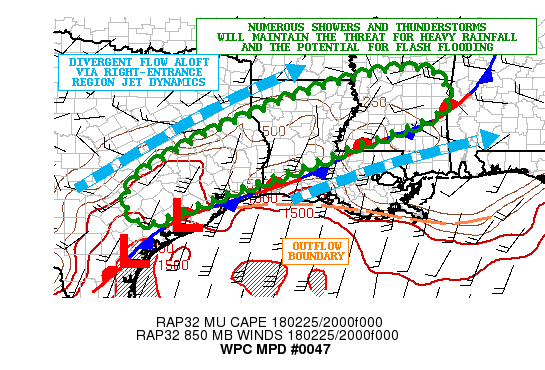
AREAS AFFECTED...SOUTHEAST TX...WEST-CENTRAL TO NORTHEAST
LA...SOUTHWEST AND CENTRAL MS

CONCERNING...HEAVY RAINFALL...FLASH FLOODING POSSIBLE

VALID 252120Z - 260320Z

SUMMARY...SHOWERS AND THUNDERSTORMS GOING INTO THE EVENING HOURS
ARE LIKELY WHICH WILL CONTINUE TO FOSTER A THREAT OF RUNOFF
PROBLEMS AND/OR FLASH FLOODING GIVEN THE WET ANTECEDENT CONDITIONS.

DISCUSSION...RADAR IMAGERY IS SHOWING A RATHER EXPANSIVE AREA OF
SHOWERS AND THUNDERSTORMS EXTENDING FROM AREAS OF SOUTH-CENTRAL TX
NORTHEASTWARD UP ACROSS CENTRAL/NORTHEAST LA AND INTO WEST-CENTRAL
MS. THE CONVECTION IS DEVELOPING WITHIN A FAVORABLE REGION OF THE
UPPER JET WITH WELL-DEFINED 300 MB RIGHT-ENTRANCE REGION JET
DYNAMICS FOSTERING DEEPER LAYER ASCENT. MEANWHILE...A PERSISTENT
WARM AIR/MOISTURE ADVECTION REGIME CONTINUES WITH LOW LEVEL
SOUTHERLY FLOW OVERRUNNING A STATIONARY FRONTAL ZONE SITUATED
ALONG TX COAST AND INLAND ACROSS SOUTH-CENTRAL LA AND INTO
SOUTHERN MS. SURFACE OBSERVATIONS INDICATE MULTIPLE WAVES OF LOW
PRESSURE HAVE ALSO DEVELOPED ALONG THE TX PORTION OF THE BOUNDARY
AND ARE LIFTING NORTHEAST ALONG IT.

THE VERTICAL COLUMN IN VICINITY OF THE FRONT IS QUITE MOIST WITH
PWATS GENERALLY OF 1.5 TO 1.75 INCHES ACROSS THE SOUTHEAST TX
COASTAL PLAIN AND INTO SOUTH-CENTRAL LA. MEANWHILE...INSTABILITY
IS CHARACTERIZED BY A POOL OF 1000 TO 2000 J/KG OF MUCAPE OVER
SOUTH-CENTRAL TX AND THAT IS HAS BEEN INSTRUMENTAL IN ALLOWING
CONVECTION TO REGENERATE OVER THE BROADER SOUTHEAST TX COASTAL
PLAIN.

THE LATEST CAM GUIDANCE LED BY THE HRRR INDICATES THAT THE
AFOREMENTIONED WAVES OF LOW PRESSURE WILL LIFT NORTHEAST ALONG THE
FRONT THIS EVENING AND TEND TO CONSOLIDATE OVER SOUTH-CENTRAL MS.
THE NOSE OF A SOUTHERLY LOW LEVEL JET OF 30 TO 40 KTS CURRENTLY
TRANSPORTING MOISTURE AND INSTABILITY NORTH OVER THE FRONTAL ZONE
WILL BEGIN TO VEER THIS EVENING ACROSS THE WESTERN GULF COAST
REGION AND SHOULD EVENTUALLY BEGIN TO WEAKEN SOME BY LATE EVENING.
NEVERTHELESS...THERE IS EXPECTED TO BE SUFFICIENT LARGE SCALE
ASCENT COUPLED WITH ISENTROPIC LIFT AND ELEVATED INSTABILITY
TRANSPORT AHEAD OF LOW PRESSURE FOR AN AXIS HEAVY SHOWERS AND
THUNDERSTORMS TO IMPACT AREAS OF SOUTHEAST TX...WEST-CENTRAL TO
NORTHEAST LA...AND EAST THROUGH SOUTHWEST TO CENTRAL MS.

RAINFALL RATES OF LOCALLY OVER 1 INCH/HR ARE EXPECTED...WITH
ADDITIONAL TOTALS THROUGH 03Z OF AS MUCH AS 2 TO 3 INCHES WHERE
THE STRONGER CONVECTIVE CORES SET UP AND REPEAT OVER THE SAME
AREA. THIS IS CONSISTENT WITH THE LATEST CONSENSUS OF CAM GUIDANCE
INCLUDING THE LATEST HRRR. THE SOIL CONDITIONS ARE VERY
MOIST...AND SO THESE ADDITIONAL RAINS WILL CONTINUE TO FAVOR
CONCERNS OF EXCESSIVE RUNOFF AND SOME FLASH FLOODING.